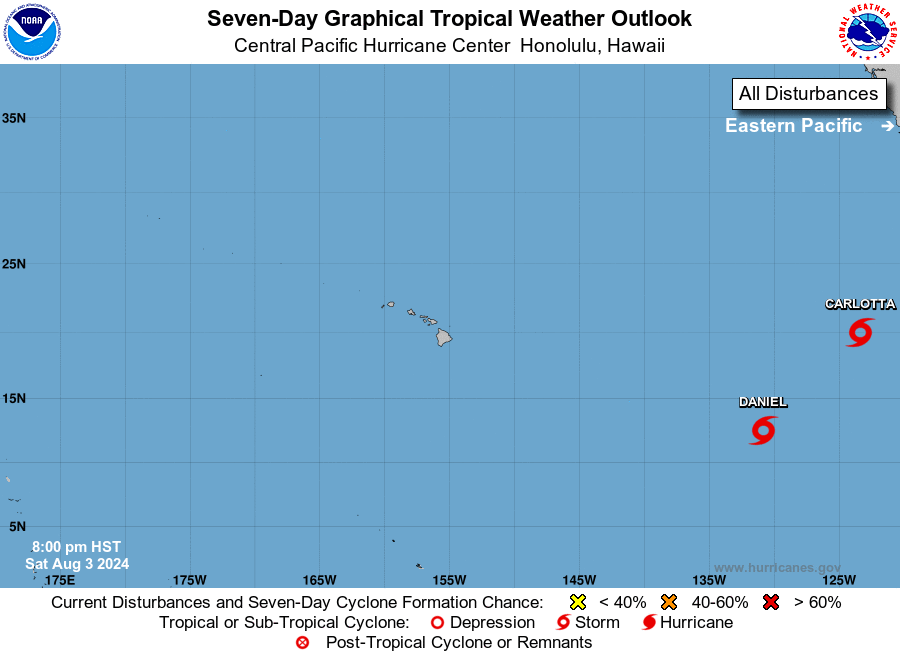
For the central North Pacific...between 140W and 180W:

No tropical cyclones are expected through the next 7 days.

Forecaster Birchard